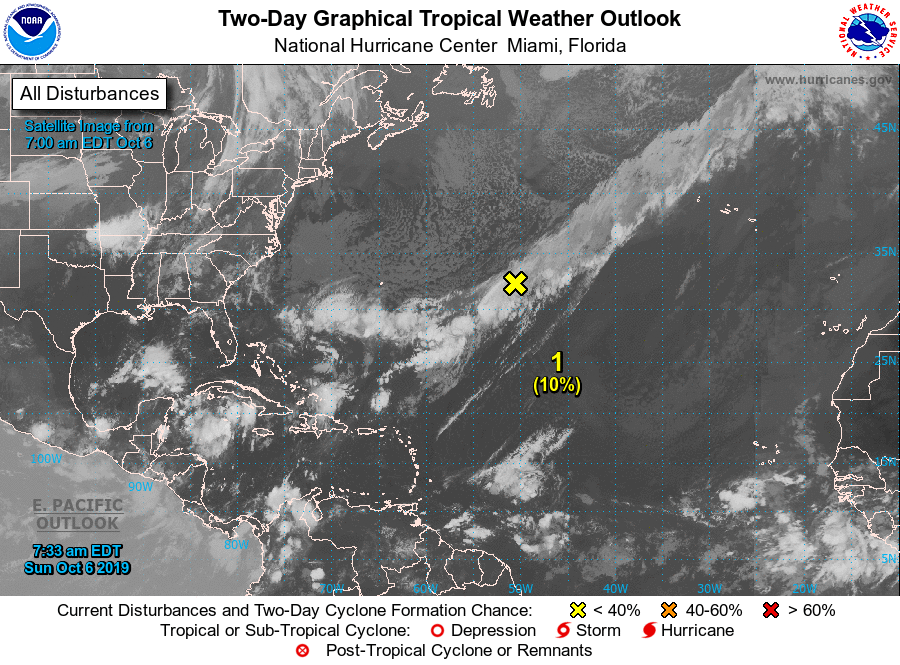
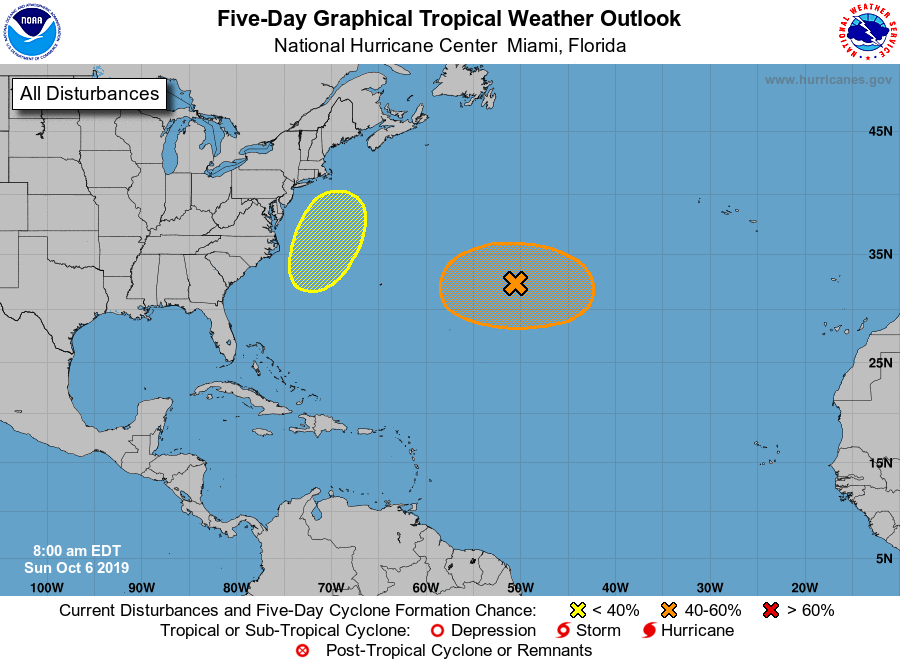
For the North Atlantic...Caribbean Sea and the Gulf of Mexico:

1. A non-tropical low pressure system is expected to develop along a frontal boundary over the North Atlantic between Bermuda and the Azores during the next day or two. Gradual development of this system is possible thereafter, and a tropical or subtropical depression could form by the middle of the week while the low moves slowly westward.
* Formation chance through 48 hours...low...10 percent.
* Formation chance through 5 days...medium...50 percent.

2. Another non-tropical low pressure system is forecast to develop over the western North Atlantic between Bermuda and the east coast of the United States by the middle of the week. The low could acquire some subtropical characteristics later in the week while it drifts northward off the east coast of the United States.
* Formation chance through 48 hours...low...near 0 percent.
* Formation chance through 5 days...low...30 percent.

Forecaster Berg